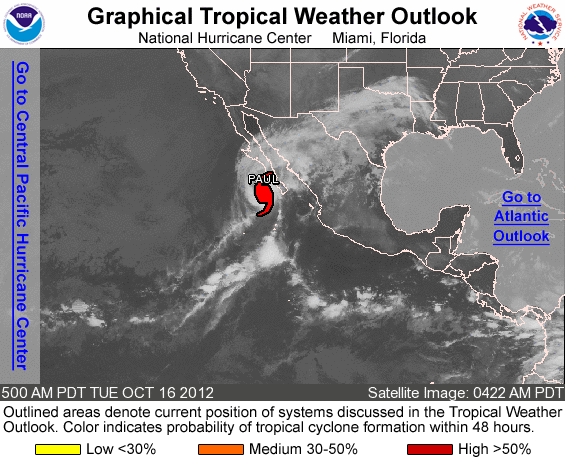
FOR THE EASTERN NORTH PACIFIC...EAST OF 140 DEGREES WEST LONGITUDE..

THE NATIONAL HURRICANE CENTER IS ISSUING ADVISORIES ON HURRICANE PAUL...LOCATED ABOUT 130 MILES SOUTH OF CABO SAN LAZARO MEXICO.

ELSEWHERE...TROPICAL CYCLONE FORMATION IS NOT EXPECTED DURING THE NEXT 48 HOURS.

FORECASTER BLAKE